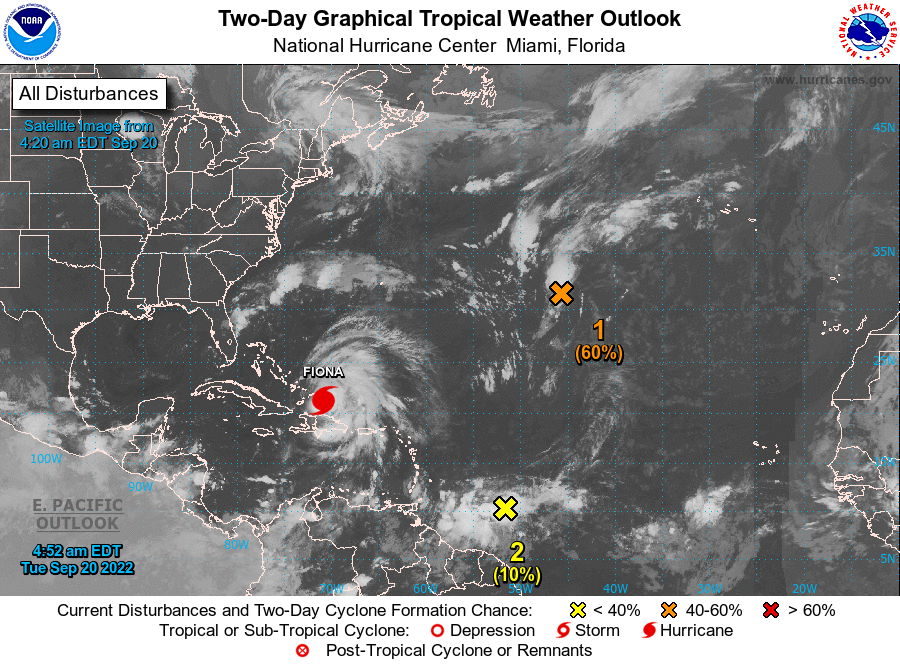
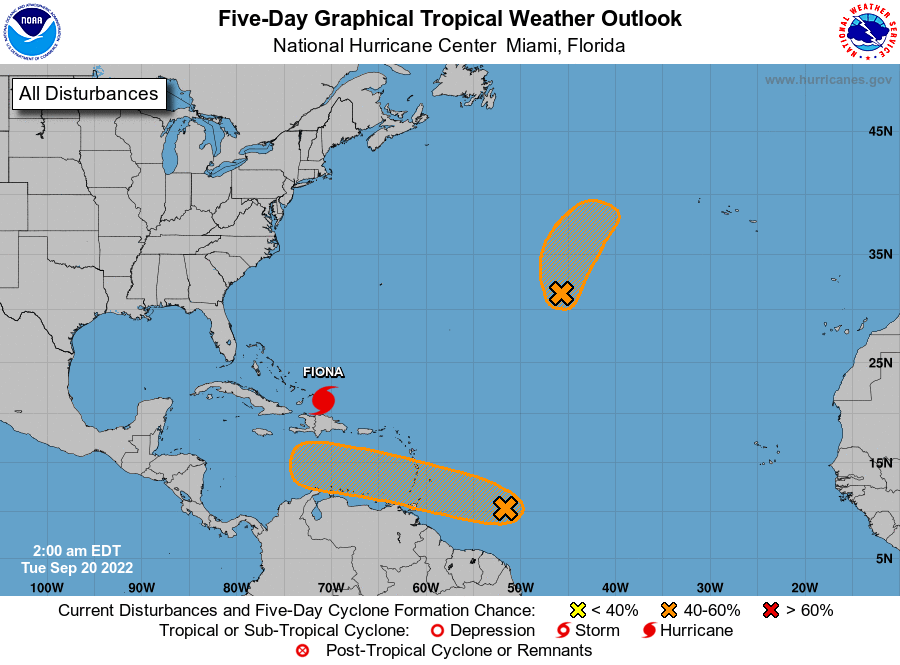
For the North Atlantic...Caribbean Sea and the Gulf of Mexico:

Active Systems: The National Hurricane Center is issuing advisories on Hurricane Fiona, located just southeast of the Turks and Caicos islands.

1. Central Subtropical Atlantic: Shower and thunderstorm activity continues to increase in association with an area of low pressure located over the central subtropical Atlantic. Environmental conditions appear marginally favorable for additional development, and a tropical depression is likely to form over the next couple of days before upper-level winds become less conducive later this week. The system should generally move northward or northeastward while remaining over the open waters of central subtropical Atlantic.
* Formation chance through 48 hours...medium...60 percent.
* Formation chance through 5 days...medium...60 percent.

2. Central Tropical Atlantic: A tropical wave located several hundred miles east of the Windward Islands is producing a broad area of disorganized showers and thunderstorms. Gradual development of this system is forecast during the next several days as the system approaches the Windward Islands, and a tropical depression could form toward the latter part of this week or weekend as the system moves into the eastern and central Caribbean sea.
* Formation chance through 48 hours...low...10 percent.
* Formation chance through 5 days...medium...40 percent.

Forecaster Papin